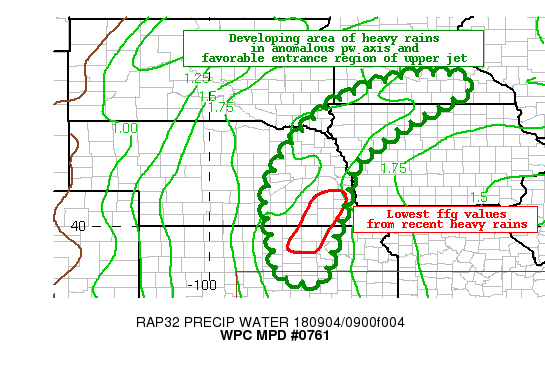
Areas affected...Northeast Kansas...eastern Nebraska...northwest
Iowa...southern Minnesota

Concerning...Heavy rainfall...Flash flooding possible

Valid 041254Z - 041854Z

Summary...An expanding area of heavy precipitation expected this
morning into this afternoon from portions of the Central Plains
into the Upper Mississippi Valley in an anomalous PW axis and very
favorable right entrance region of the upper jet.

Discussion...The latest regional radar imagery shows a broad
region of moderate to heavy rains stretching from eastern portions
of the Central Plains...northeastward toward the Upper Mississippi
Valley.  This precipitation area is expected to continue to remain
well defined this morning..continuing to be enhanced by large
scale lift ahead of several areas of shortwave energy forecast to
push northeastward in the above mentioned high PW axis...values
2.5 to 3+ standard deviations above the mean.  There is very good
model agreement on the potential for an axis of heavy precip this
morning into this afternoon across the risk area.  The simulated
radars from the 0000 utc hi res guidance (arw..nmmb...nsl wrf)
along with the latest hrrr are showing good depiction of the
current area of precipitation from east central Kansas...eastern
Nebraska into northwest Iowa...all showing potential for this area
of precip to continue to move in a general south to north across
the threat region.  There will be training of cells in this south
to north moving precip areas...with hourly rainfall rates of 1-2"
and totals of 3-5" possible in areas of training.  FFG values have
lowered from several days of heavy rains across north central
Kansas into southeast Nebraska.  Additional heavy rains moving
northward this morning will likely move over these lower FFG
areas...supporting additional runoff issues.